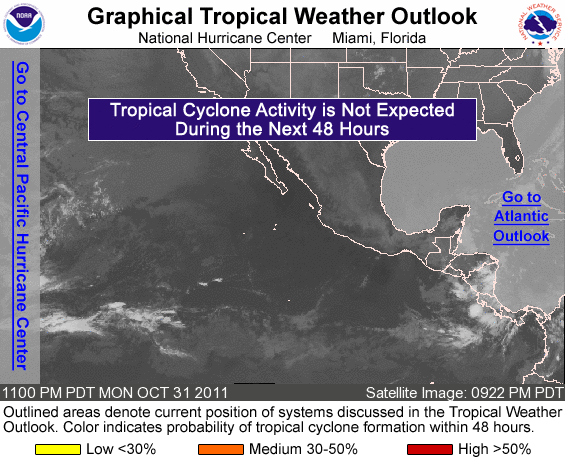
FOR THE EASTERN NORTH PACIFIC...EAST OF 140 DEGREES WEST LONGITUDE..

TROPICAL CYCLONE FORMATION IS NOT EXPECTED DURING THE NEXT 48 HOURS.

FORECASTER PASCH